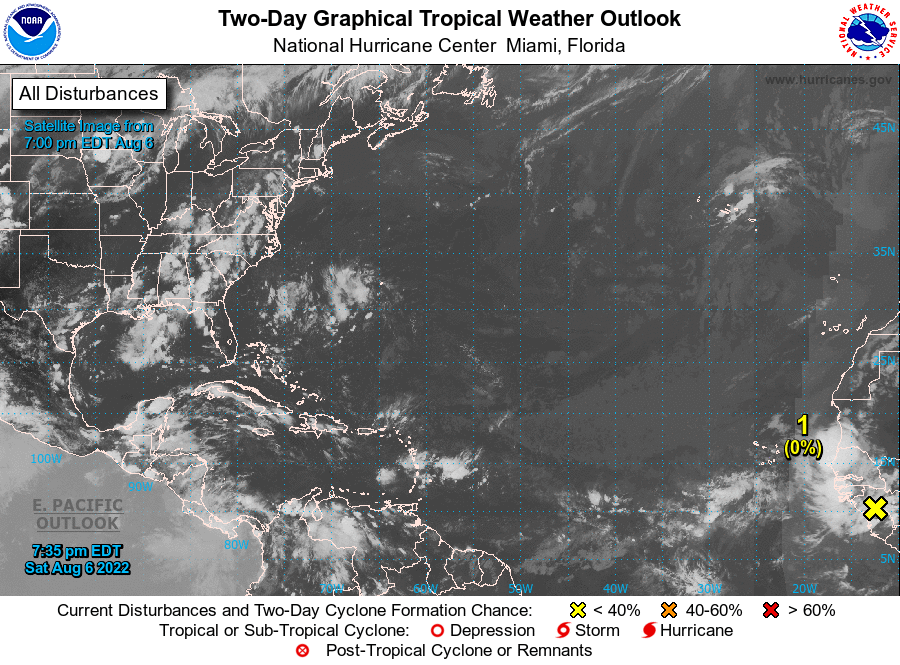
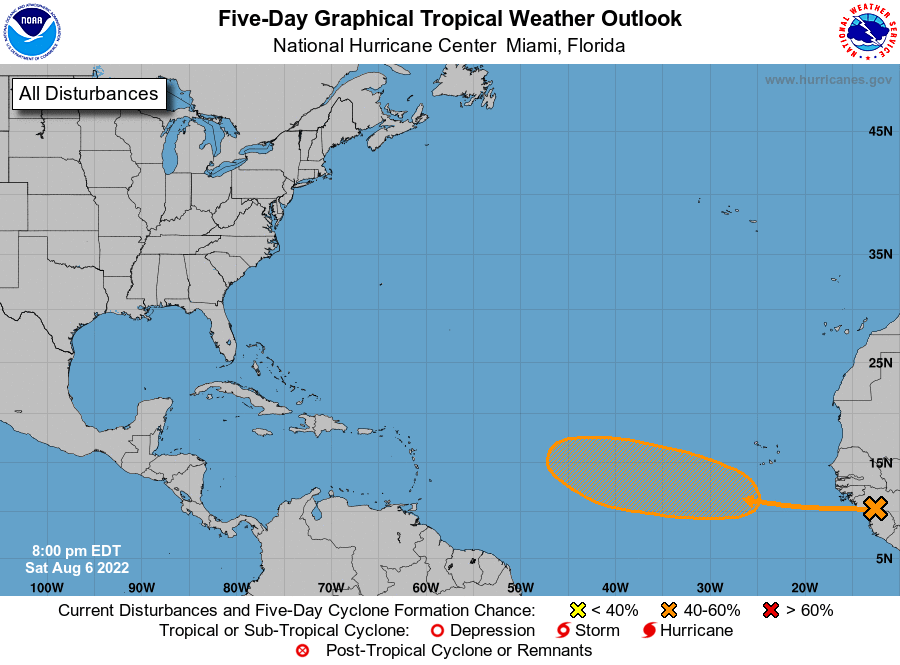
For the North Atlantic...Caribbean Sea and the Gulf of Mexico:

1. Eastern Tropical Atlantic: A tropical wave is forecast to move off the west coast of Africa tonight and early Sunday. Environmental conditions are expected to be conducive for gradual development of this system while it moves westward to west-northwestward at 15 to 20 mph across the eastern and central tropical Atlantic, and a tropical depression could form during the early to middle part of next week.
* Formation chance through 48 hours...low...near 0 percent.
* Formation chance through 5 days...medium...40 percent.

Forecaster Beven